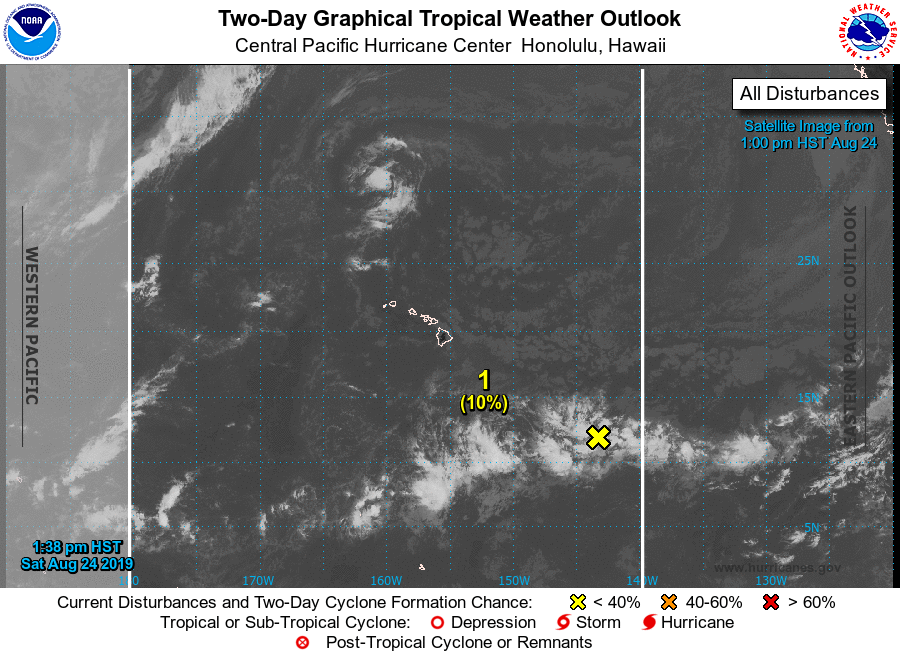
For the central North Pacific...between 140W and 180W:

1. A weak area of low pressure embedded within a broad and elongated surface trough is located over 900 miles southeast of the Big Island of Hawaii. Some development of this system is possible over the next couple of days as the system drifts toward the northwest. The upper level environment will likely inhibit any further development after two days.
* Formation chance through 48 hours...low...10 percent.
* Formation chance through 5 days...low...10 percent.

Elsewhere, no tropical cyclones are expected during the next 5 days.

Forecaster Wroe